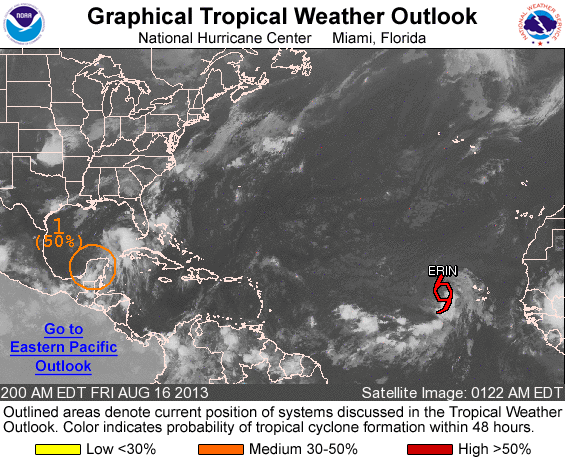
FOR THE NORTH ATLANTIC...CARIBBEAN SEA AND THE GULF OF MEXICO...

THE NATIONAL HURRICANE CENTER IS ISSUING ADVISORIES ON TROPICAL STORM ERIN...LOCATED WEST OF THE SOUTHERNMOST CAPE VERDE ISLANDS.

1. A BROAD LOW PRESSURE SYSTEM...ACCOMPANIED BY A LARGE AREA OF DISORGANIZED CLOUDINESS AND SHOWERS...IS LOCATED OVER THE NORTHERN YUCATAN PENINSULA OF MEXICO. LITTLE OR NO DEVELOPMENT OF THE LOW IS EXPECTED WHILE IT REMAINS OVER LAND. HOWEVER...THERE IS POTENTIAL FOR DEVELOPMENT ONCE THE DISTURBANCE MOVES OVER THE GULF OF MEXICO LATER TODAY. AFTER THAT TIME...THE LOW IS FORECAST TO MOVE TOWARD THE CENTRAL GULF OF MEXICO WHERE UPPER-LEVEL WINDS WOULD ONLY FAVOR SLOW DEVELOPMENT...IF ANY. THIS SYSTEM HAS A MEDIUM CHANCE... 50 PERCENT...OF BECOMING A TROPICAL CYCLONE DURING THE NEXT 48 HOURS...AND A HIGH CHANCE...60 PERCENT...OF BECOMING A TROPICAL CYCLONE DURING THE NEXT 5 DAYS. AN AIR FORCE RESERVE RECONNAISSANCE AIRCRAFT IS SCHEDULED TO INVESTIGATE THE DISTURBANCE LATER TODAY... IF NECESSARY.

FIVE-DAY FORMATION PROBABILITIES ARE EXPERIMENTAL IN 2013. COMMENTS ON THE EXPERIMENTAL FORECASTS CAN BE PROVIDED AT...

HTTP://WWW.NWS.NOAA.GOV/SURVEY/NWS-SURVEY.PHP?CODE=ETWO

FORECASTER BEVEN